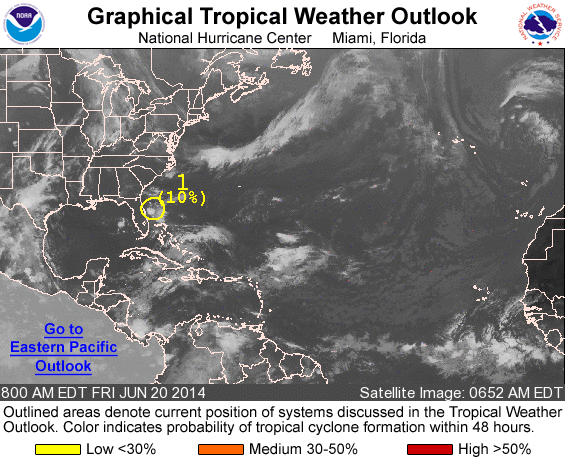
For the North Atlantic...Caribbean Sea and the Gulf of Mexico:

1. A weak area of low pressure located about 70 miles east-northeast of Daytona Beach, Florida, continues to produce disorganized showers and thunderstorms. This system has changed little over the past several hours, and significant development is not expected while it drifts slowly northward during the next day or so. After that time, conditions are expected to remain unfavorable for development while the disturbance accelerates northeastward.
* Formation chance through 48 hours...low...10 percent.
* Formation chance through 5 days...low...10 percent.

Forecaster Brennan